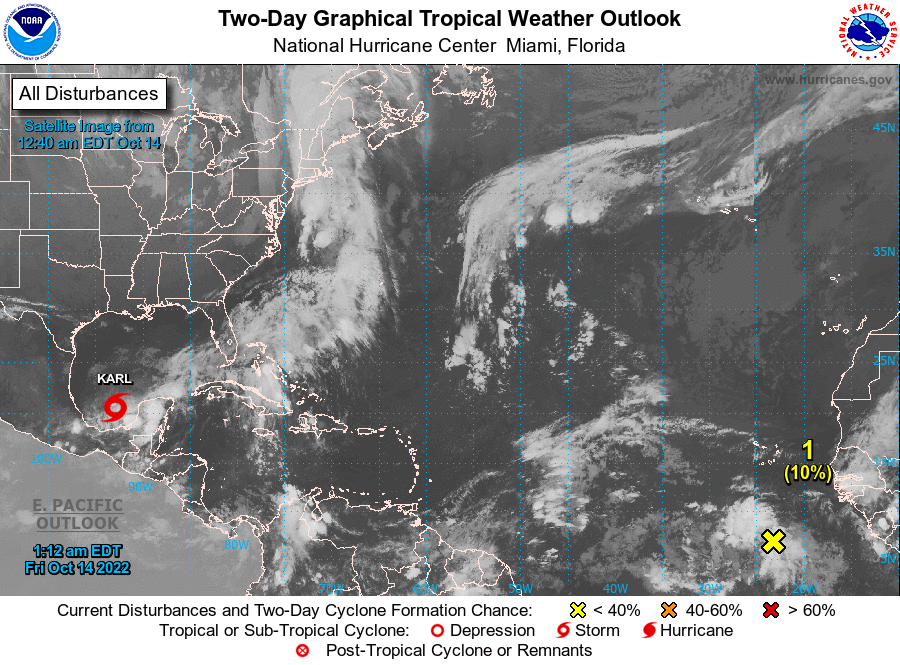
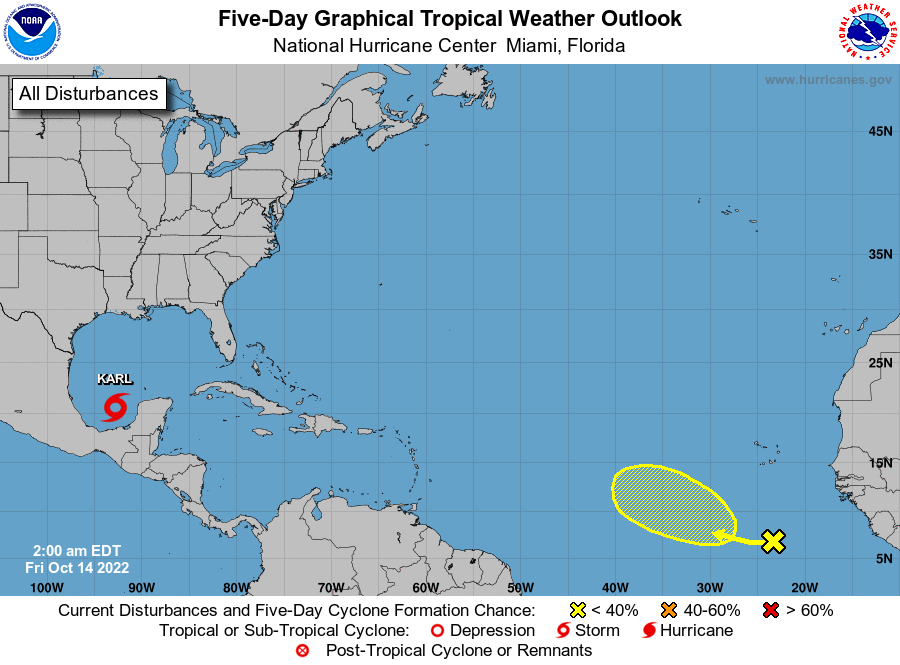
For the North Atlantic...Caribbean Sea and the Gulf of Mexico:

Active Systems: The National Hurricane Center is issuing advisories on Tropical Storm Karl, located over the southwestern Gulf of Mexico.

1. Eastern Tropical Atlantic: An area of disorganized showers and thunderstorms located several hundred miles south of the Cabo Verde Islands is associated with a tropical wave. Environmental conditions appear marginally conducive for some gradual development during the next few days while the system moves westward and then west-northwestward at about 10 mph. However, the disturbance is expected to move into a less favorable area of stronger upper-level winds by early next week.
* Formation chance through 48 hours...low...10 percent.
* Formation chance through 5 days...low...20 percent.

Forecaster Roberts